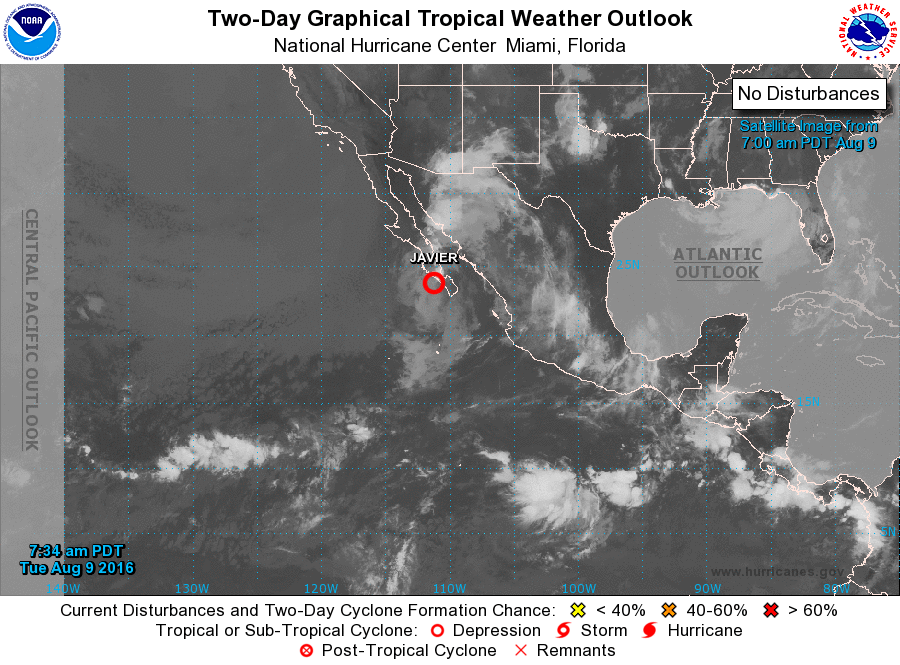
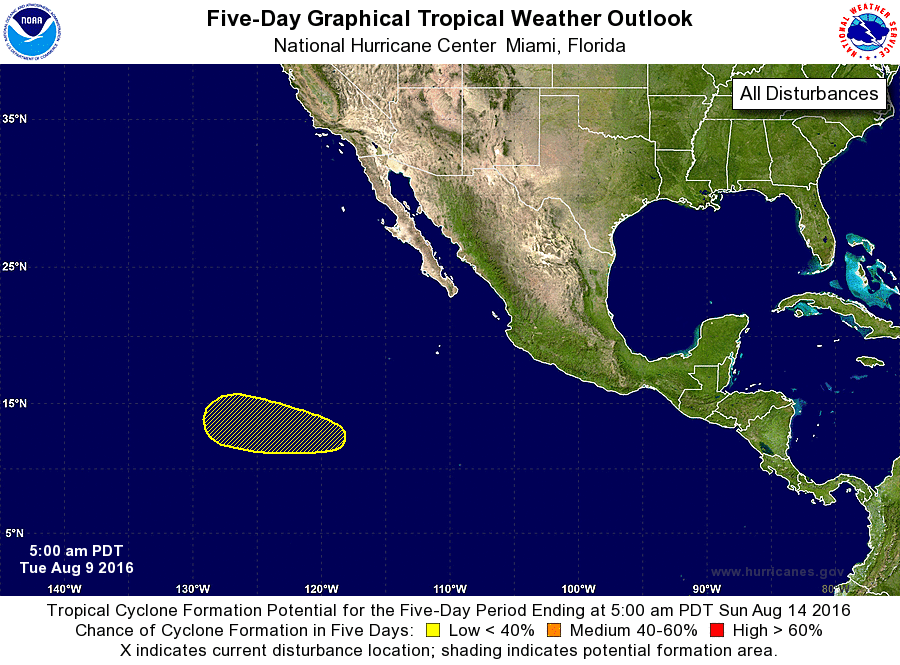
For the eastern North Pacific...east of 140 degrees west longitude:

The National Hurricane Center is issuing advisories on Tropical Storm Javier, located just northwest of Cabo San Lucas, Mexico.

1. An area of low pressure could form about 1500 miles east-southeast of the Hawaiian Islands late this week or weekend. Environmental conditions are expected to be marginally conducive for some slow development of this system while it moves west-northwestward.
* Formation chance through 48 hours...low...near 0 percent
* Formation chance through 5 days...low...20 percent

Forecaster Kimberlain